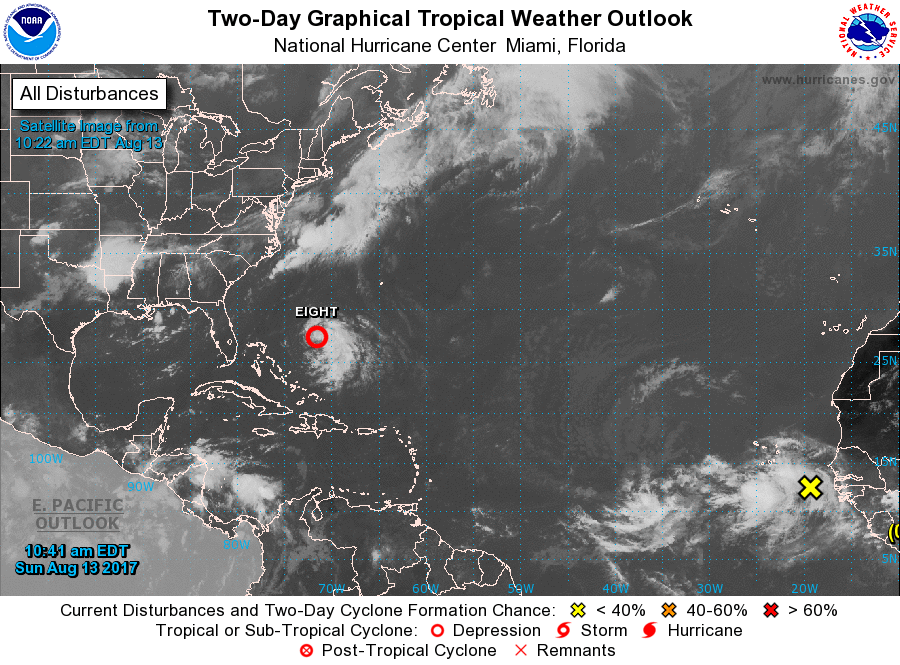
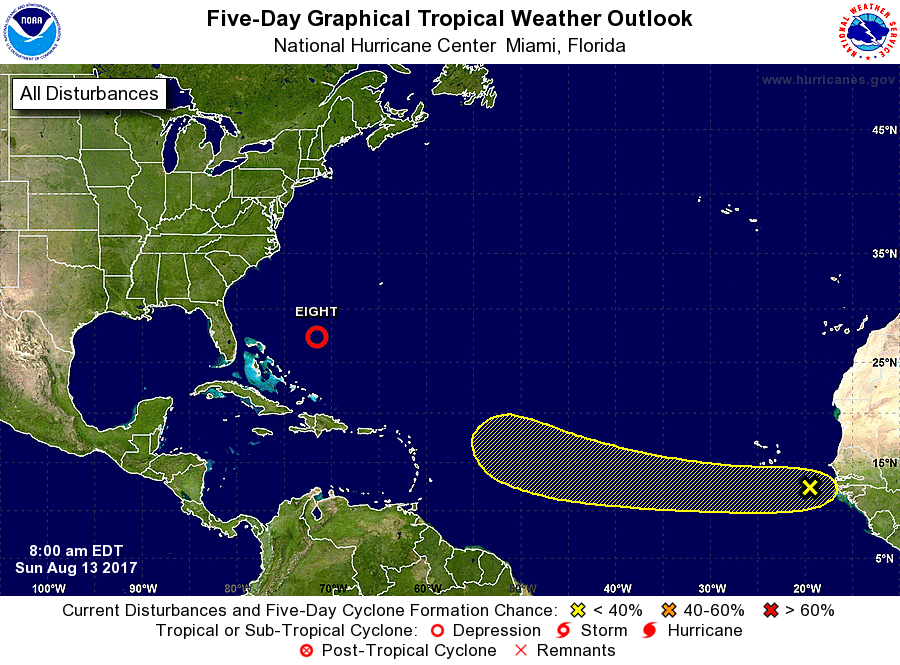
For the North Atlantic...Caribbean Sea and the Gulf of Mexico:

The National Hurricane Center is issuing advisories on Tropical Depression Eight, located a few hundred miles north-northeast of the southeastern Bahamas.

1. A tropical wave that has emerged off the west coast of Africa is forecast to move westward over the next couple of days and merge with a broad area of low pressure located southwest of the Cabo Verde Islands. Environmental conditions are expected to be conducive for gradual development of the system while it moves westward to west-northwestward at 10 to 15 mph over the open tropical eastern Atlantic.
* Formation chance through 48 hours...low...near 0 percent.
* Formation chance through 5 days...low...20 percent.

Public Advisories on Tropical Depression Eight are issued under WMO header WTNT33 KNHC and under AWIPS header MIATCPAT3. Forecast/Advisories on Tropical Depression Eight are issued under WMO header WTNT23 KNHC and under AWIPS header MIATCMAT3.

Forecaster Roberts